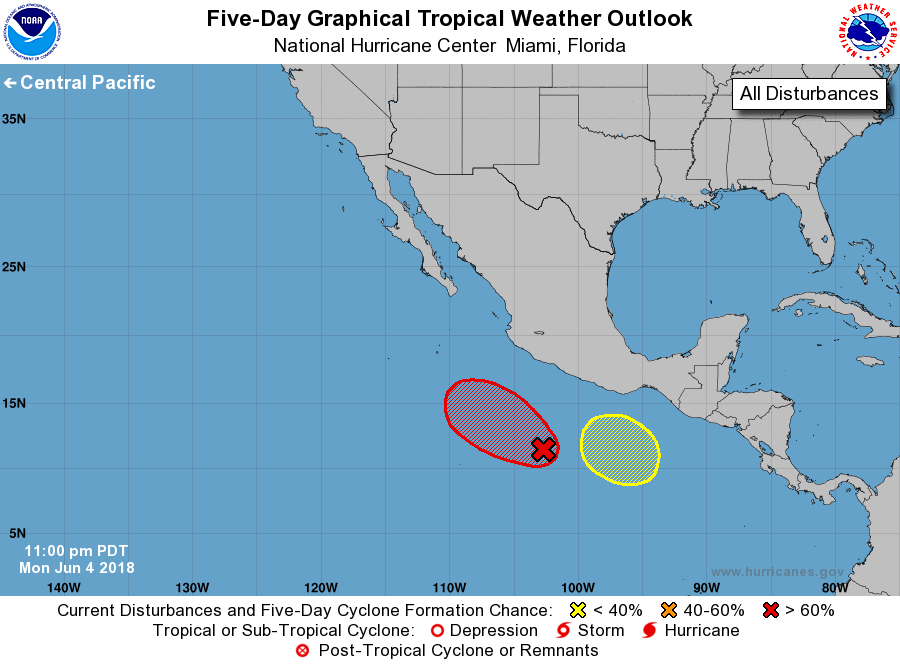
For the eastern North Pacific...east of 140 degrees west longitude:

1. A broad and elongated area of low pressure located several hundred miles south of the southern coast of Mexico continues to produce a large area of disorganized showers and thunderstorms. Environmental conditions are conducive for the development of this system, and a tropical depression is likely to form within the next couple of days while it moves slowly westward to west-northwestward.
* Formation chance through 48 hours...high...70 percent.
* Formation chance through 5 days...high...90 percent.

2. An area of low pressure could form by the weekend a few hundred miles south of the Gulf of Tehuantepec. Gradual development of this system is possible thereafter while it moves slowly westward.
* Formation chance through 48 hours...low...near 0 percent.
* Formation chance through 5 days...low...30 percent.

Forecaster Brown